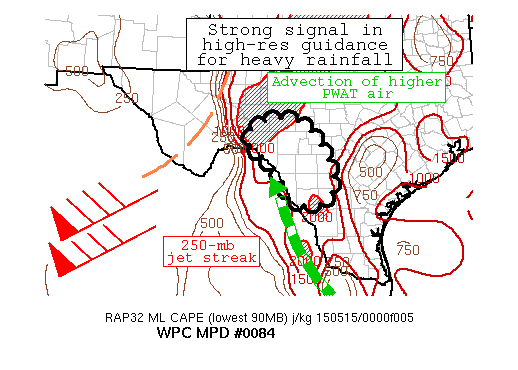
AREAS AFFECTED...SOUTH-CENTRAL TX...

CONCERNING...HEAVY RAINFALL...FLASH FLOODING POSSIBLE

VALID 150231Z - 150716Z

SUMMARY...INCREASING CONFIDENCE IN A HEAVY RAINFALL EVENT LEADING
TO THE POSSIBILITY OF FLASH FLOODING. BELIEVE THE THREAT WILL
CONTINUE THROUGH AT LEAST 12Z.

DISCUSSION...THE BLENDED-TPW PRODUCT THIS EVENING SHOWED AN
IMPRESSIVE SLUG OF TROPOSPHERIC MOISTURE WORKING ITS WAY UP THE
RIO GRANDE. THIS HAS LOCALLY RAISED PWAT VALUES TO ABOVE 1.50
INCHES ACROSS SOUTH TX. A BROAD AMOUNT OF CONVECTION IS STILL
ONGOING TO THE EAST OF THE MPD AREA. HOWEVER...THIS ACTIVITY IS
WANING AS INSTABILITY HAS BEEN RAPIDLY DECREASING. MEANWHILE...THE
01Z RAP OBJECTIVE ANALYSIS SHOWED AN EXPANSIVE PLUME OF 2000 TO
3000 J/KG OF MLCAPE STRETCHING ALONG THE LOWER RIO GRANDE UP
TOWARD THE BIG BEND. THE 00Z DRT RAOB CONFIRMS THESE FINDINGS WITH
OVER 3000 J/KG OF CAPE AND VERY STEEP MID-LEVEL LAPSE RATES.
CONVECTION HAS ALREADY BEGUN TO FIRE IN THIS UNCAPPED ENVIRONMENT
WITH CELL MOTIONS RATHER SLOW. EXPECT THE COVERAGE OF CONVECTION
TO EXPAND OVERNIGHT LEADING TO 1 TO 2 INCH HOURLY RAINFALL RATES
WHICH MAY SUPPORT AREAS OF FLASH FLOODING.

THERE IS A STRONG SIGNAL IN THE CONVECTION-ALLOWING MODELS OF VERY
HEAVY RAINFALL EAST OF THE BIG BEND. WHILE THE GUIDANCE VARIES IN
LOCATION...THE IDEA OF INTENSE/SLOW-MOVING CONVECTION OCCURRING IS
SUPPORTED BY THE LATEST OBSERVATIONAL DATA. THUS...1/3-HOUR FFG
VALUES MAY BE EXCEEDED IN PORTIONS OF THE MPD AREA.